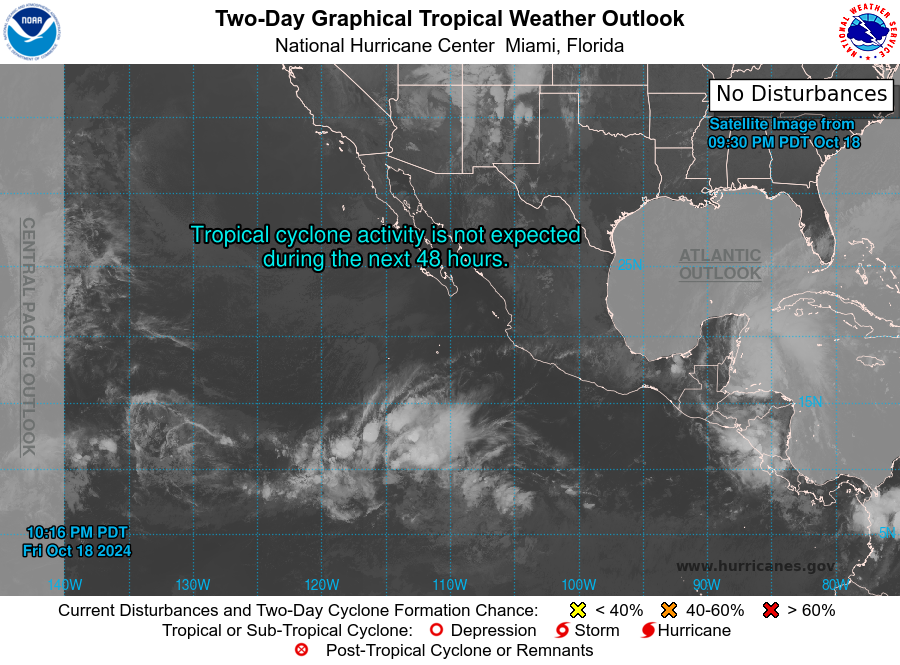
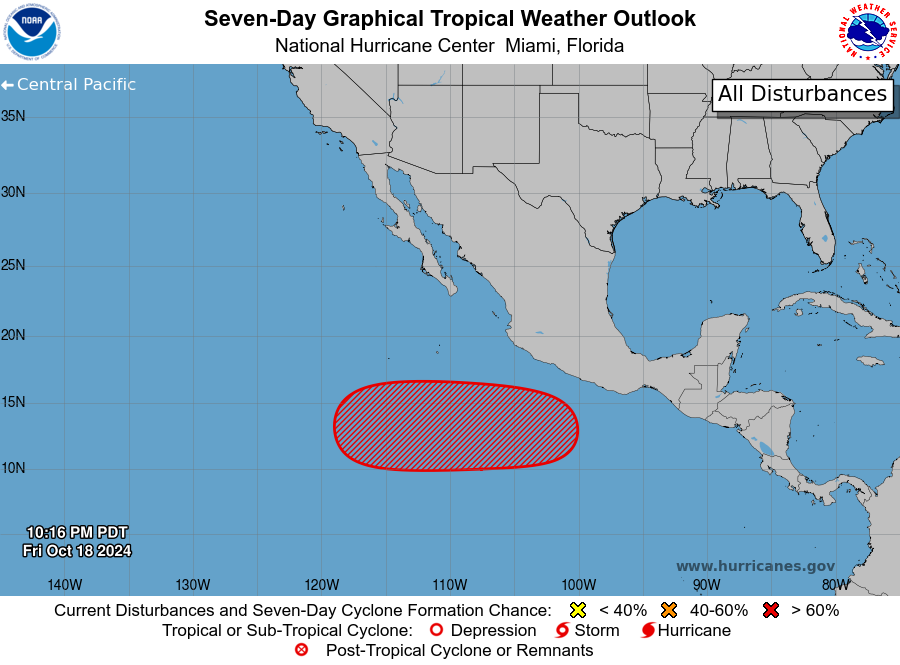
For the eastern North Pacific...east of 140 degrees west longitude:

1. South of Southwestern Mexico: An area of low pressure is expected to form in a few days several hundred miles south of the southwestern coast of Mexico. Environmental conditions appear conducive for subsequent development, and a tropical depression is likely to form around the middle of next week while moving westward at about 15 mph away from the coast of Mexico.
* Formation chance through 48 hours...low...near 0 percent.
* Formation chance through 7 days...high...70 percent.

Forecaster Berg